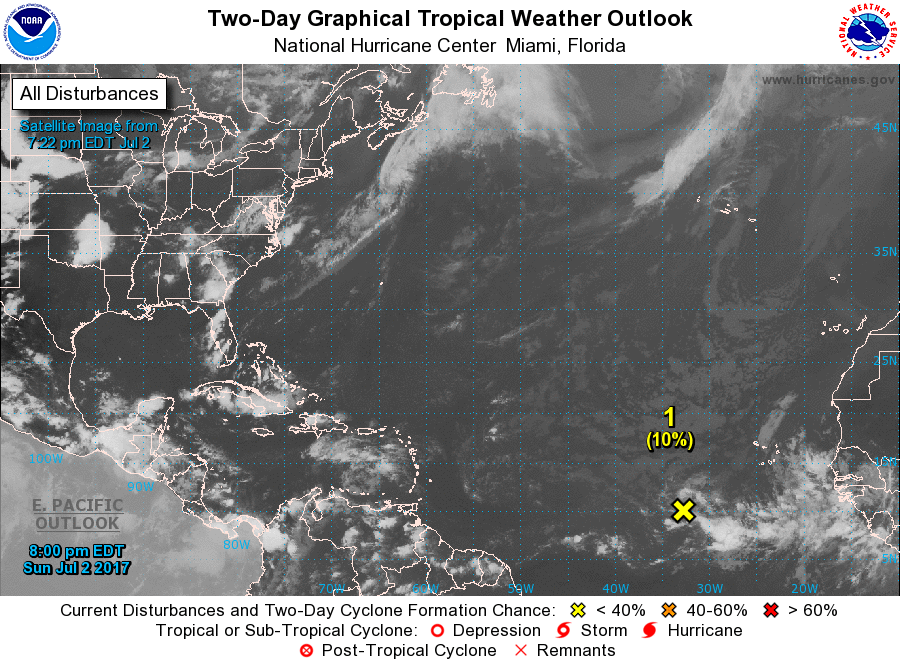
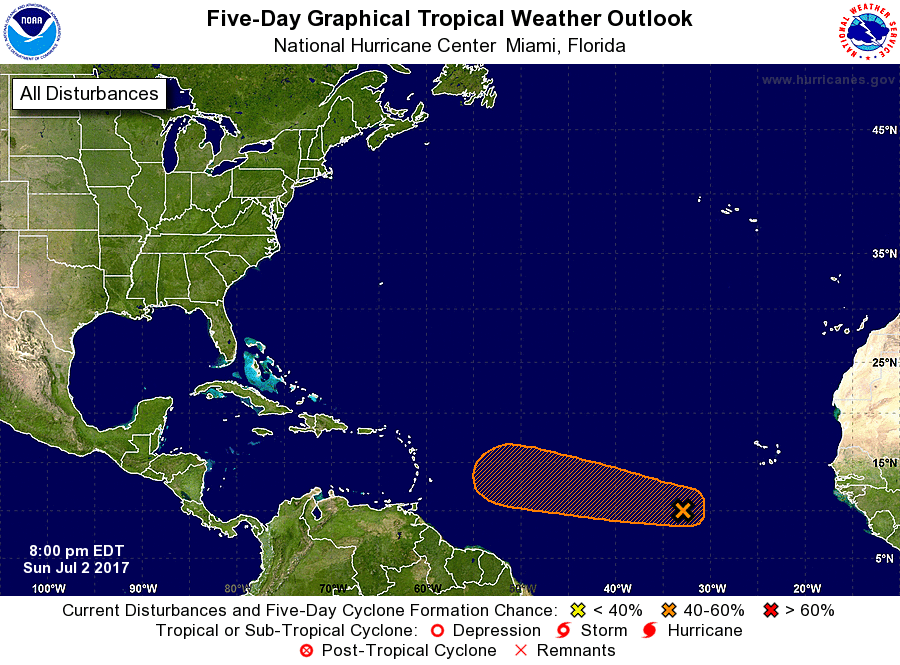
For the North Atlantic...Caribbean Sea and the Gulf of Mexico:

1. A broad area of low pressure has remained nearly stationary about 650 miles west-southwest of the Cabo Verde Islands. Although shower and thunderstorm activity is disorganized, environmental conditions are expected to become more conducive for some development of this system later this week while the disturbance moves westward at 5 to 10 mph.
* Formation chance through 48 hours...low...10 percent.
* Formation chance through 5 days...medium...60 percent.

Forecaster Stewart